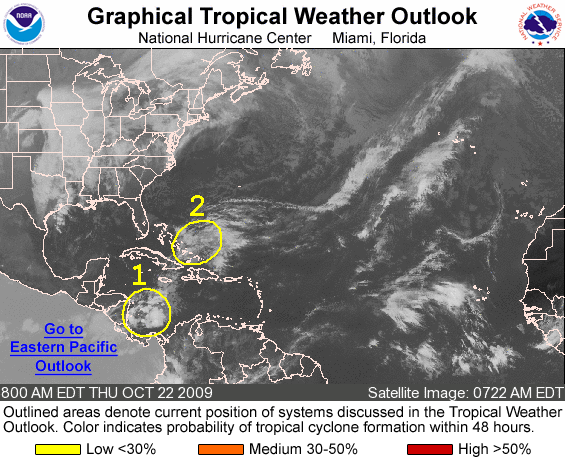
FOR THE NORTH ATLANTIC...CARIBBEAN SEA AND THE GULF OF MEXICO...

1. DISORGANIZED CLOUDINESS AND SHOWERS OVER THE SOUTHWESTERN CARIBBEAN SEA ARE ASSOCIATED WITH A NEARLY-STATIONARY AREA OF LOW PRESSURE. THERE IS A LOW CHANCE...LESS THAN 30 PERCENT...OF THIS SYSTEM BECOMING A TROPICAL CYCLONE DURING THE NEXT 48 HOURS.

2. CLOUDINESS AND SHOWERS OVER PORTIONS OF THE BAHAMAS AND THE ADJACENT ATLANTIC ARE ASSOCIATED WITH AN UPPER-LEVEL TROUGH AND THE REMNANTS OF A COLD FRONT. UPPER-LEVEL WINDS ARE EXPECTED TO REMAIN UNFAVORABLE FOR SIGNIFICANT DEVELOPMENT DURING THE NEXT COUPLE OF DAYS WHILE THE SYSTEM DRIFTS WESTWARD. THERE IS A LOW CHANCE... LESS THAN 30 PERCENT...OF THIS SYSTEM BECOMING A TROPICAL OR SUBTROPICAL CYCLONE DURING THE NEXT 48 HOURS.

ELSEWHERE...TROPICAL CYCLONE FORMATION IS NOT EXPECTED DURING THE NEXT 48 HOURS.

FORECASTER AVILA